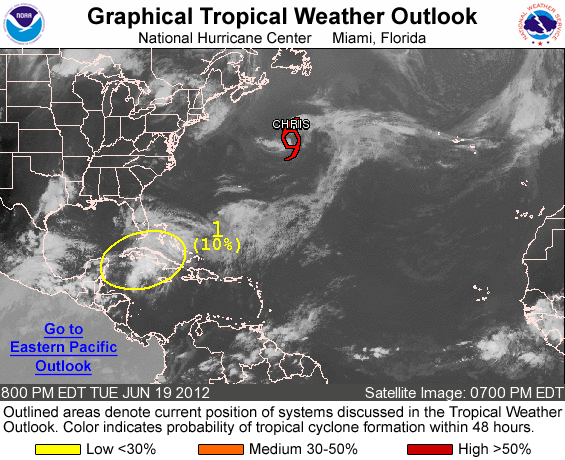
FOR THE NORTH ATLANTIC...CARIBBEAN SEA AND THE GULF OF MEXICO...

THE NATIONAL HURRICANE CENTER HAS INITIATED ADVISORIES ON TROPICAL STORM CHRIS...LOCATED ABOUT 575 MILES SOUTH-SOUTHWEST OF CAPE RACE NEWFOUNDLAND.

1. A LOW PRESSURE TROUGH EXTENDING FROM THE NORTHWESTERN CARIBBEAN SEA NORTHEASTWARD TO THE BAHAMAS IS PRODUCING WIDESPREAD CLOUDINESS... SHOWERS...AND A FEW THUNDERSTORMS. UPPER-LEVEL WINDS ARE NOT PARTICULARLY CONDUCIVE FOR DEVELOPMENT...AND THIS SYSTEM HAS A LOW CHANCE...10 PERCENT...OF BECOMING A TROPICAL CYCLONE DURING THE NEXT 48 HOURS. HEAVY RAINFALL IS LIKELY ACROSS THE CAYMAN ISLANDS...CUBA...THE BAHAMAS...AND SOUTHERN FLORIDA OVER THE NEXT COUPLE OF DAYS AS THE SYSTEM MOVES NORTHWESTWARD AT 5 TO 10 MPH. FLOODING IS ALSO POSSIBLE IN THESE AREAS...ESPECIALLY IN CUBA WHERE THE GROUND IS ALREADY SATURATED FROM HEAVY RAINFALL OVER THE PAST SEVERAL WEEKS.

ELSEWHERE...TROPICAL CYCLONE FORMATION IS NOT EXPECTED DURING THE NEXT 48 HOURS.

&&
PUBLIC ADVISORIES ON TROPICAL STORM CHRIS ARE ISSUED UNDER WMO HEADER WTNT33 KNHC AND UNDER AWIPS HEADER MIATCPAT3. FORECAST/ADVISORIES ON CHRIS ARE ISSUED UNDER WMO HEADER WTNT23 KNHC AND UNDER AWIPS HEADER MIATCMAT3.

FORECASTER BERG